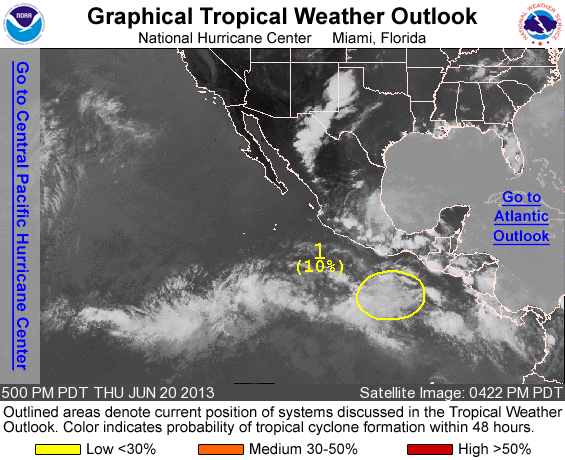
FOR THE EASTERN NORTH PACIFIC...EAST OF 140 DEGREES WEST LONGITUDE..

1. A BROAD AREA OF DISTURBED WEATHER IS LOCATED SEVERAL HUNDRED MILES SOUTH OF THE COAST OF SOUTHERN MEXICO. UPPER-LEVEL WINDS ARE EXPECTED TO BECOME MORE CONDUCIVE FOR DEVELOPMENT OVER THE NEXT DAY OR TWO...AND THIS SYSTEM HAS A LOW CHANCE...10 PERCENT...OF BECOMING A TROPICAL CYCLONE DURING THE NEXT 48 HOURS.

ELSEWHERE...TROPICAL CYCLONE FORMATION IS NOT EXPECTED DURING THE NEXT 48 HOURS.

FORECASTER BERG